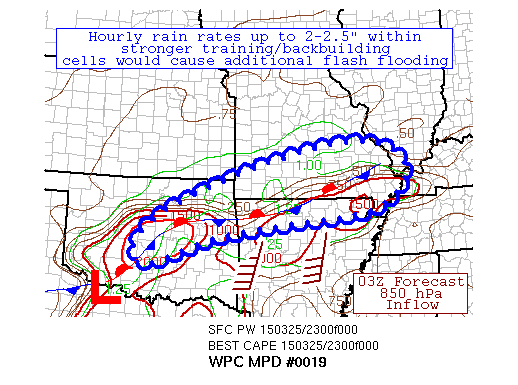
AREAS AFFECTED......CENTRAL TO NORTHEAST OK...NORTHERN
AR...SOUTHERN MO...

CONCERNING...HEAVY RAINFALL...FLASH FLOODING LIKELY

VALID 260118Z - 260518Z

SUMMARY...FAVORABLE INSTABILITY PROFILE WITH STRONG LOW-LEVEL
MOIST INFLOW INTERACTING WITH A FRONTAL ZONE AHEAD OF AN
AMPLIFYING MID-LEVEL SHORTWAVE SHOULD CONTINUE TO LEAD TO
LOCALIZED HOURLY RAIN RATES OF 2 TO 2.5, WHICH WOULD LEAD TO FLASH
FLOODING IN AREAS WHERE CELLS BACKBUILD AND/OR TRAIN.

DISCUSSION...AN AMPLIFYING UPPER LEVEL SHORTWAVE ALOFT ACROSS THE
SOUTHERN PLAINS IS COUPLING WITH INCREASED FORCING WITHIN THE
RIGHT ENTRANCE REGION OF THE JET STREAK ACROSS THE UPPER MIDWEST
TO PRODUCE A WIDESPREAD AREA OF SHOWERS AND THUNDERSTORMS ACROSS
EASTERN PORTIONS OF THE SOUTHERN PLAINS EAST-NORTHEAST INTO THE
MID MISSISSIPPI VALLEY. HEAVIER RAINFALL RATES WERE BEING OBSERVED
ALONG AND SOUTH OF THE SURFACE STATIONARY BOUNDARY...FROM CENTRAL
AND NORTHEAST OKLAHOMA INTO NORTHERN ARKANSAS AND SOUTHERN
MISSOURI. THIS IS WHERE THE BEST DEEP LAYER INSTABILITY
EXISTS...AS THE CONVECTION DRAWS FROM A SOURCE REGION WITH MUCAPES
OF 1000-2000 J/KG...WITH 850 MB INFLOW BETWEEN 40-50 KTS. THE
GRADUAL SOUTHEAST PROPAGATION OF THE CONVECTION WILL CONTINUE
THROUGH 05Z...WITH SE DIRECTED CORFIDI VECTORS AVERAGING AROUND 10
KTS PER THE LATEST RAP GUIDANCE. MUCH OF THE MESOSCALE GUIDANCE
HAS DONE A DECENT JOB IN TERMS OF THE AXIS OF HEAVIEST
RAINFALL...INCLUDING THE RECENT HRRR AND RAP.

THROUGH 05Z...ADDITIONAL LOCALIZED RAINFALL AMOUNTS OF 2 TO 4+
INCHES ARE EXPECTED...WITH HOURLY RATES UP TO 2-2.5 INCHES...WITH
THE HEAVIEST RAINFALL EXPECTED TO SHIFT INTO NORTHERN ARKANSAS AND
SOUTHWEST TO SOUTH-CENTRAL MISSOURI. THEREAFTER...MUCAPES ARE
EXPECTED TO DROP BELOW 500 J/KG...WHILE AT THE SAME TIME MORE
PROGRESSIVE UPPER LEVEL HEIGHT FALLS AND LOW LEVEL FRONTAL MOTION
WILL INHIBIT THE BACK-BUILDING AND LEAD TO A FASTER DOWNSTREAM
MOTION OF THE HEAVIER ACTIVITY.